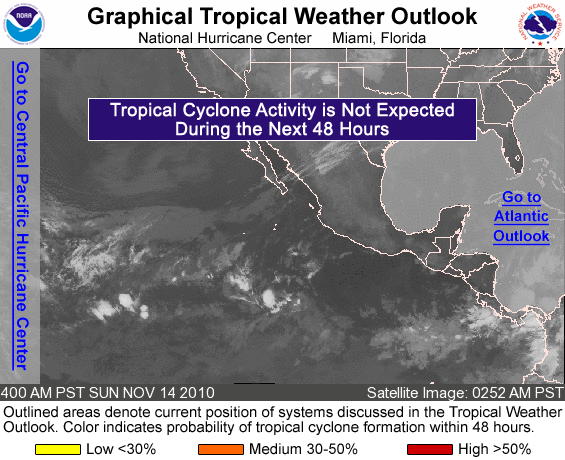
FOR THE EASTERN NORTH PACIFIC...EAST OF 140 DEGREES WEST LONGITUDE..

TROPICAL CYCLONE FORMATION IS NOT EXPECTED DURING THE NEXT 48 HOURS.

FORECASTER BRENNAN